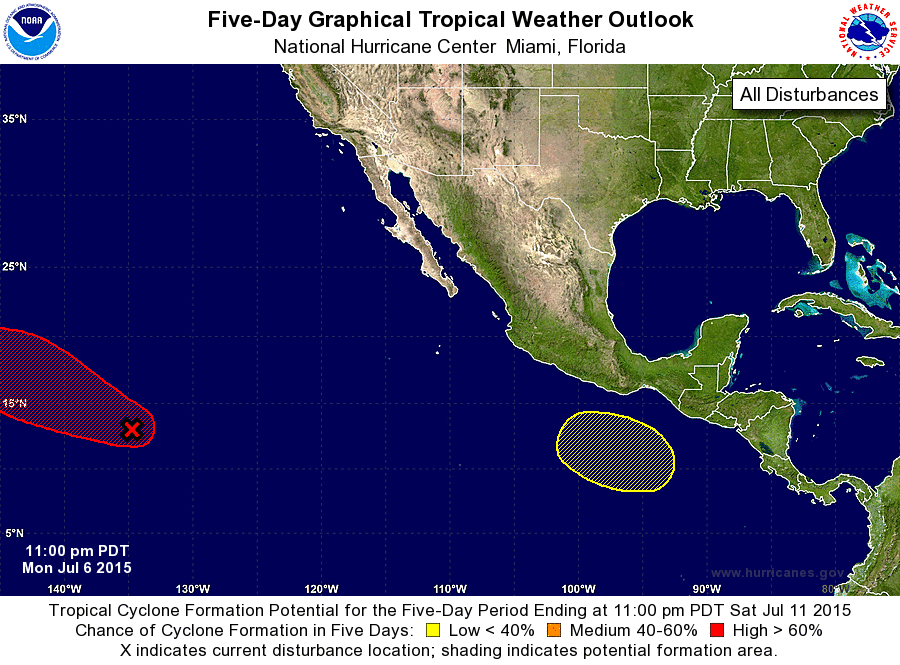
For the eastern North Pacific...east of 140 degrees west longitude:

1. Showers and thunderstorms associated with a large area of low pressure located about 1350 miles east-southeast of the Big Island of Hawaii are gradually becoming better organized. However, satellite data suggest that the low does not have a well-defined center at this time. Environmental conditions are expected to be conducive for development, and a tropical cyclone will likely form over the next day or two while the system moves west-northwestward at 15 to 20 mph.
* Formation chance through 48 hours...high...70 percent
* Formation chance through 5 days...high...90 percent

2. An area of low pressure is expected to form several hundred miles south of southern Mexico later this week. Some development of this system is possible this weekend while the low moves west-northwestward.
* Formation chance through 48 hours...low...near 0 percent
* Formation chance through 5 days...low...20 percent

Forecaster Cangialosi